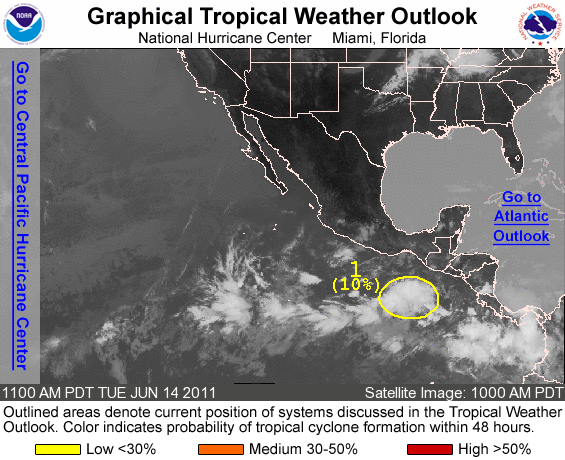
FOR THE EASTERN NORTH PACIFIC...EAST OF 140 DEGREES WEST LONGITUDE..

1. DISORGANIZED SHOWERS AND THUNDERSTORMS HAVE DEVELOPED IN ASSOCATION WITH AN AREA OF DISTURBED WEATHER LOCATED SEVERAL HUNDRED MILES TO THE SOUTHEAST OF ACAPULCO MEXICO. ENVIRONMENTAL CONDITIONS ARE FORECAST TO BE CONDUCIVE FOR SOME SLOW DEVELOPMENT OF THIS SYSTEM OVER THE NEXT COUPLE OF DAYS. THERE IS A LOW CHANCE...10 PERCENT...OF THIS SYSTEM BECOMING A TROPICAL CYCLONE DURING THE NEXT 48 HOURS AS IT MOVES LITTLE.

FORECASTER KIMBERLAIN